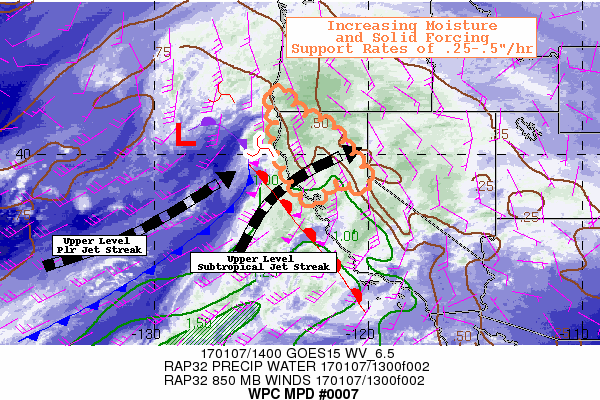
AREAS AFFECTED...NORTHERN CA...EXT SOUTHWEST OREGON

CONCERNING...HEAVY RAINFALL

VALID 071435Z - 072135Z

SUMMARY...THOUGH GREATEST FLOODING THREAT IS FURTHER
SOUTH...INCREASING MOISTURE AND BEST FORCING FURTHER NORTH ALLOWS
FOR MODERATE TO OCCASIONAL HEAVY RAIN TO POSE FLOODING THREAT
ACROSS N CA/SW OR AS WELL.

DISCUSSION...BLENDED TPW DENOTES HIGHLY ANOMALOUS MOISTURE PLUME
WITH VALUES EXCEEDING 1.5" DIRECTED TOWARD THE SOUTH CENTRAL CA
COAST ATTM.  HOWEVER GOES-W WV LOOP INDICATES STRONG JET STREAK
AND ASSOCIATED DEEPENING MID-LEVEL SHORTWAVE NORTH AND E OF THE
40N130W BENCHMARK WITH ENHANCING CLOUD TOPS INDICATIVE OF SOME
SLANTWISE ASCENT AND MOISTURE ADVECTION INTO THE BAY AREA AND
NORTHWARD.  RAP ANALYSIS AND BLENDED TPW LOOP INDICATE VALUES
TICKLING 1.25" WITHIN THIS CURL/SHORTWAVE ENHANCEMENT NEAR THE
APPROACHING SURFACE TRIPLE POINT.  LOCAL RADAR AND OBSERVATIONS
ALREADY SUPPORT ENHANCED RATES UP TO .3"/HR WITHIN THE KING RANGE
ENHANCED BY SSWLY OROGRAPHIC ASCENT.  SIMILAR SSW FACING OROGRAPHY
WHERE 850MB FLOW HAS INCREASED TO 50+ KTS WILL CONTINUE FOR THE
NEXT FEW HOURS BEFORE VEERING SLIGHTLY AND DECREASING THROUGH
17-18Z YET WITH BETTER ORTHOGONAL ASCENT TO THE OROGRAPHICS.  THIS
KEEPS MODERATE RAINFALL CONTINUING THROUGH THE EARLY MORNING/EARLY
AFTERNOON ESPECIALLY ACROSS MARIN/SONOMA COUNTIES IN THE NORTH BAY
AREA.  THE TOTAL DURATION OF THE FORCING/BEST ASCENT MAY LIMIT
EXTREME TOTALS SEEN FURTHER SOUTH BUT 6-12HR TOTALS IN THE 1-2"
RANGE ARE LIKELY IN BEST OROGRAPHICS ALONG THE COAST FROM SW OR TO
THE NORTH BAY.

FURTHER WEST...SHORTWAVE AXIS WILL PROGRESS ACROSS S OR/N CA WITH
PERSISTENT ASCENT AND MST FLUX WITH NEARLY IDEAL ORTHOGONAL FLOW
VECTOR TO THE NORTHERN SIERRAS INTO THE LASSEN NATIONAL FOREST
REGION AND SHASTA COUNTY.  RATES OVER .3"/HR ARE LIKELY WITH SOME
SUPPORT/SUGGESTION GIVEN THE STRENGTH OF FLOW AND INCREASED
MOISTURE VALUES...RATES AS HIGH AS .5"/HR MAY BE POSSIBLE AROUND
THE 20-21Z TIME FRAME. THIS SHOULD LEAD TO TOTALS OF 1.5-3" ACROSS
THIS TERRAIN (GREATEST SOUTH AND EAST).  ADDITIONALLY WITH 7H
TEMPS NEAR ZERO AND SOME WAA THROUGH 18Z MAY BE ENOUGH TO KEEP
FREEZING LEVELS ABOVE 9000FT.  GIVEN THIS SHOULD INCREASE RATE OF
SNOW MELT DUE TO RAINFALL...RUNOFF SHOULD BE HIGHER THAN WHAT IS
TYPICAL WITH THESE RATES FURTHER COMPOUNDING ANY DOWNSTREAM
FLOODING CONCERNS.